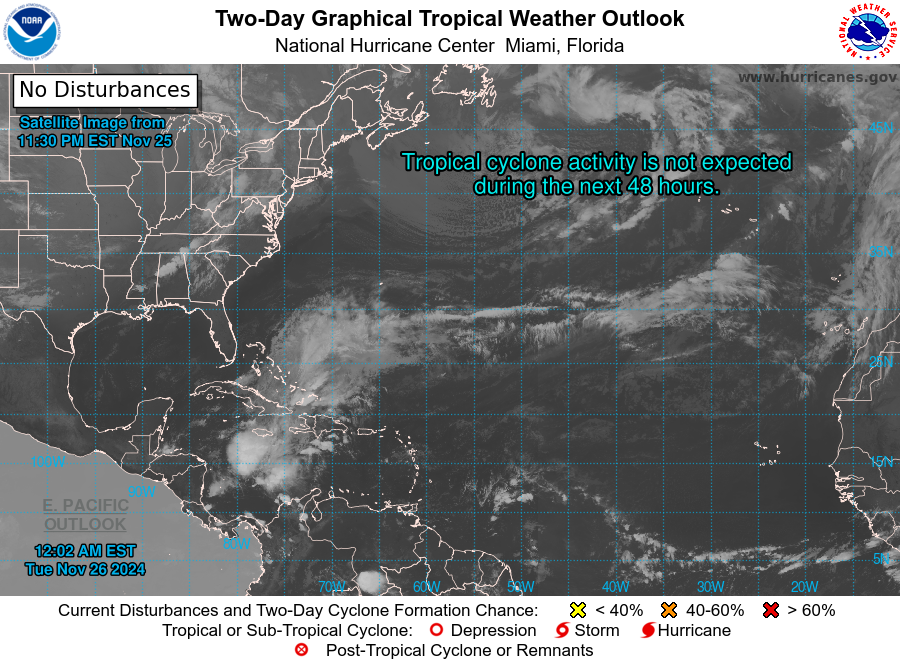
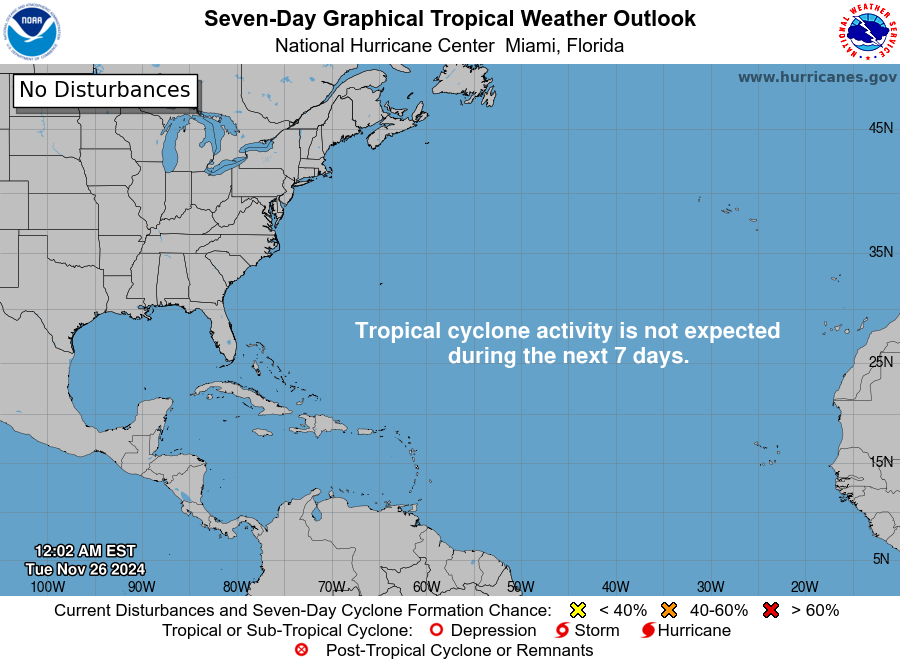
For the North Atlantic...Caribbean Sea and the Gulf of Mexico:

Tropical cyclone formation is not expected during the next 7 days.

Forecaster Hagen